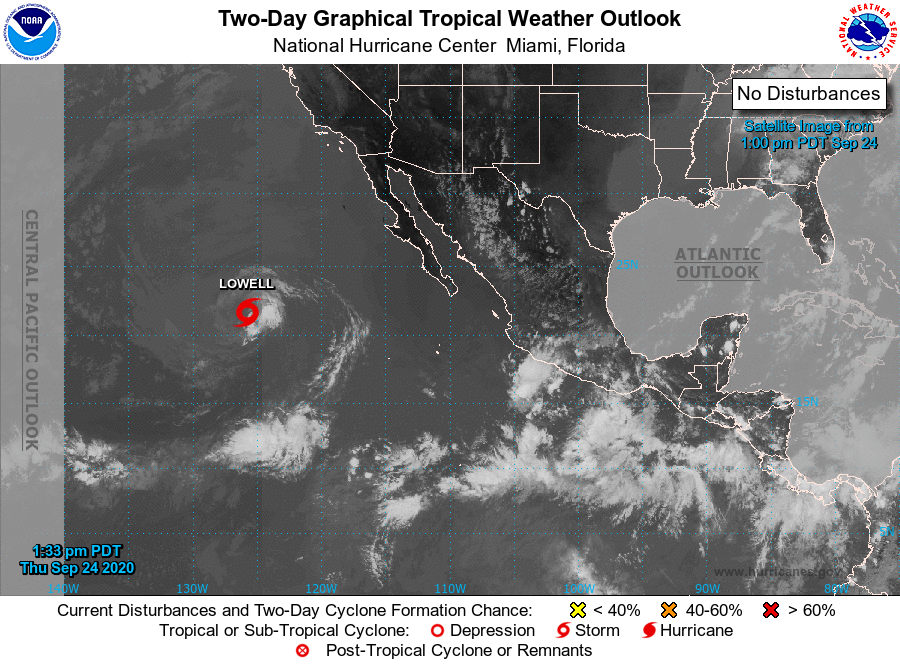
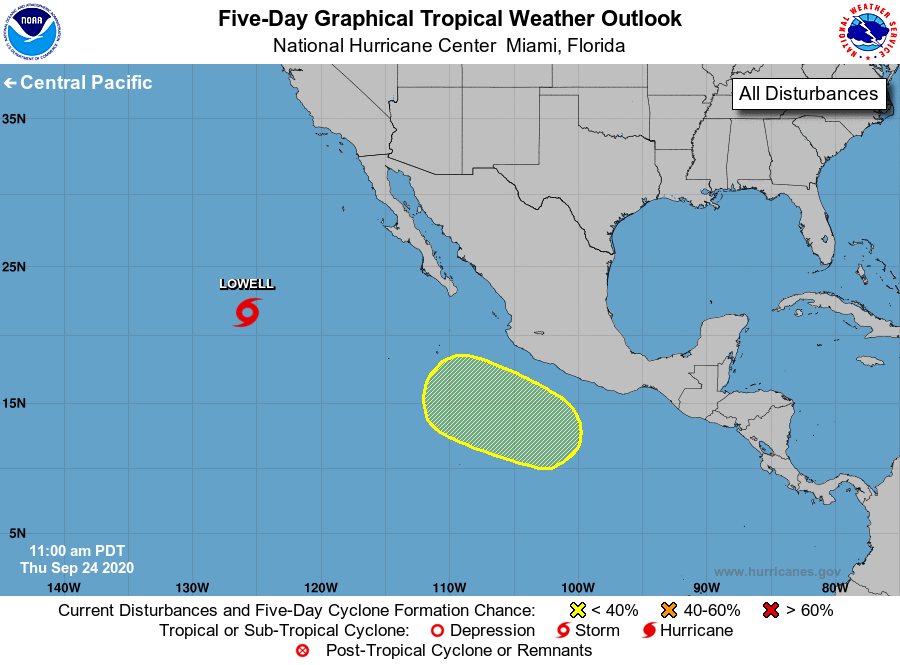
For the eastern North Pacific...east of 140 degrees west longitude:

The National Hurricane Center is issuing advisories on Tropical Storm Lowell, located nearly 1000 miles west of the southern tip of the Baja California peninsula.

1. An area of low pressure is expected to form south or southwest of the southwest coast of Mexico early next week. Some gradual development will be possible thereafter while the system moves generally west-northwestward.
* Formation chance through 48 hours...low...near 0 percent.
* Formation chance through 5 days...low...20 percent.

Forecaster Cangialosi